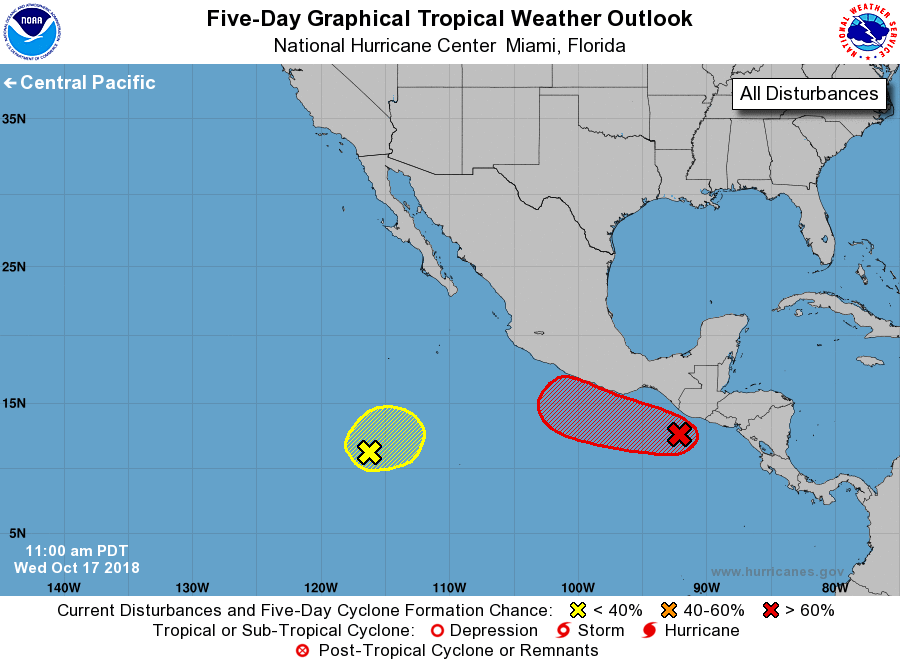
For the eastern North Pacific...east of 140 degrees west longitude:

1. Satellite-derived winds and surface observations indicate that an elongated low pressure system is located about 100 miles south of the Mexico-Guatemala border. Although associated showers and thunderstorms remain disorganized, environmental conditions are expected to be conducive for additional development, and a tropical depression or a tropical storm is likely to form during the next day or two. The system is forecast to move generally toward the west-northwest at 10 to 15 mph for the next several days, near or just offshore the coast of southern Mexico.
* Formation chance through 48 hours...high...90 percent.
* Formation chance through 5 days...high...90 percent.

2. A weak and nearly stationary area of low pressure located about 900 miles south-southwest of the southern tip of the Baja California peninsula continues to produce disorganized shower activity. Any development should be slow to occur while the system drifts northward or north-northeastward during the next several days.
* Formation chance through 48 hours...low...10 percent.
* Formation chance through 5 days...low...10 percent.

Forecaster Stewart